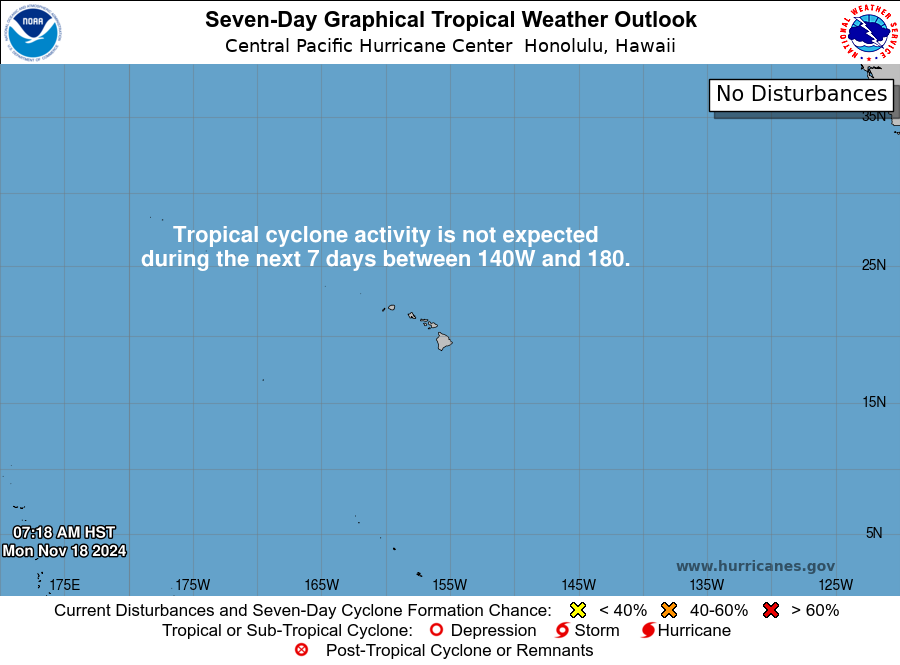
For the central North Pacific...between 140W and 180W:

No tropical cyclones are expected during the next 7 days.

Forecaster Vaughan